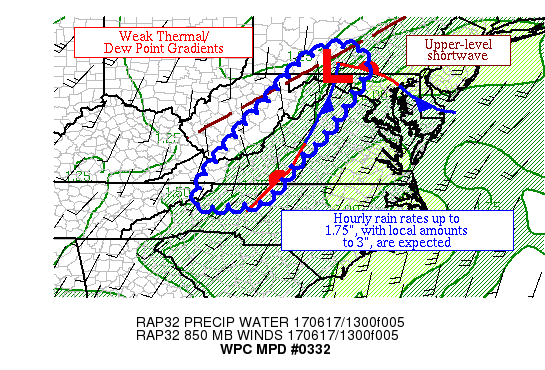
AREAS AFFECTED...SOUTHWEST PA TO NORTHWEST NC

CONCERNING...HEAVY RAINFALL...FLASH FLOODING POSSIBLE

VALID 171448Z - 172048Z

SUMMARY...THUNDERSTORMS ARE EXPECTED TO FORM LATER THIS MORNING
INTO THIS AFTERNOON NEAR THE BLUE RIDGE MOUNTAINS AND TERRAIN OF
EASTERN WV.  HOURLY RAIN RATES TO 1.75", WITH LOCAL AMOUNTS TO 3",
ARE EXPECTED.

DISCUSSION...IN THE WAKE OF AN MCV SPAWNED BY CONVECTION IN
SOUTHWEST VA LAST NIGHT, SKIES ARE PARTLY SUNNY ACROSS WESTERN VA
AND EASTERN WV.  RECENT VISIBLE IMAGERY SHOWS THE FIRST TOWERING
CUMULI FORMING IN EASTERN WV.  A NARROW SHORTWAVE ALOFT/AREA OF
DARKENING ON WATER VAPOR IMAGERY EXTENDS FROM SOUTH-CENTRAL PA
INTO CENTRAL WV.  THE 850 HPA WIND FLOW IS PARALLEL TO THE
MOUNTAIN CHAINS AT 10-15 KTS PER VAD WIND PROFILES.  THE 12Z
SOUNDING FROM BLACKSBURG VA SHOWS NEARLY UNIDIRECTIONAL FLOW WITH
HEIGHT EXTENDING UP TO THE 300 HPA PRESSURE LEVEL.  PRECIPITABLE
WATER VALUES ARE ~1.5", AND THE REGION IS IN AND NEAR A
MOISTURE/WEAK TEMPERATURE GRADIENT WITH HIGHER VALUES TO THE EAST.
MLCAPE VALUES ARE CURRENTLY ~250 J/KG.

THE EXPECTATION IS FOR THUNDERSTORMS TO BUILD AS INSTABILITY
INCREASES DUE TO DAYTIME HEATING -- MLCAPE VALUES SHOULD RISE
~1000 TO 1500 J/KG.  THUNDERSTORMS ARE EXPECTED TO BE PULSE IN
NATURE, SIMILAR TO YESTERDAY, AND INITIALLY MOVE UP THE TOPOGRAPHY
BEFORE TRYING TO SHIFT SOMEWHAT EASTWARD INTO THE VALLEYS THIS
AFTERNOON AS INSTABILITY ERODES.  THE MAIN THREATS ARE SHORT
PERIODS OF CELL TRAINING WITHIN THIS FLOW REGIME AND CELL MERGERS.
 FLASH FLOOD GUIDANCE VALUES INDICATE INCREASINGLY SATURATED SOILS
DUE TO THE PAST FEW DAYS OF LOCALLY HEAVY RAIN.  HOURLY RAIN RATES
UP TO 1.75" WITH LOCAL AMOUNTS UP TO 3" ARE EXPECTED.  THE 06Z
SSEO NEIGHBORHOOD PROBABILITIES OF EXCEEDING THE THREE HOUR FLASH
FLOOD GUIDANCE VALUES EXCEED 50% FROM SOUTHWEST PA INTO NORTHWEST
NC, WITH THE STRONGEST (90%+) SIGNAL NEAR LANSING NC BY 18Z WHERE
THE HIGHEST AMOUNTS OF INSTABILITY MAY BE AVAILABLE AT THE TIME.
FLASH FLOODING IS A CONCERN.